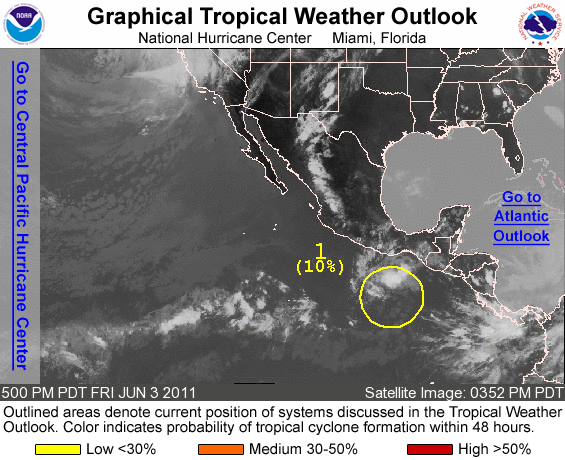
FOR THE EASTERN NORTH PACIFIC...EAST OF 140 DEGREES WEST LONGITUDE..

1. A BROAD LOW PRESSURE AREA HAS FORMED SEVERAL HUNDRED MILES SOUTH-SOUTHEAST OF ACAPULCO MEXICO AND IS PRODUCING DISORGANIZED SHOWERS AND THUNDERSTORMS. DEVELOPMENT OF THIS SYSTEM...IF ANY...IS EXPECTED TO BE SLOW TO OCCUR. THERE IS A LOW CHANCE...10 PERCENT...OF THIS SYSTEM BECOMING A TROPICAL CYCLONE DURING THE NEXT 48 HOURS AS THE LOW REMAINS NEARLY STATIONARY.

TROPICAL CYCLONE FORMATION IS NOT EXPECTED DURING THE NEXT 48 HOURS.

FORECASTER BLAKE/KIMBERLAIN